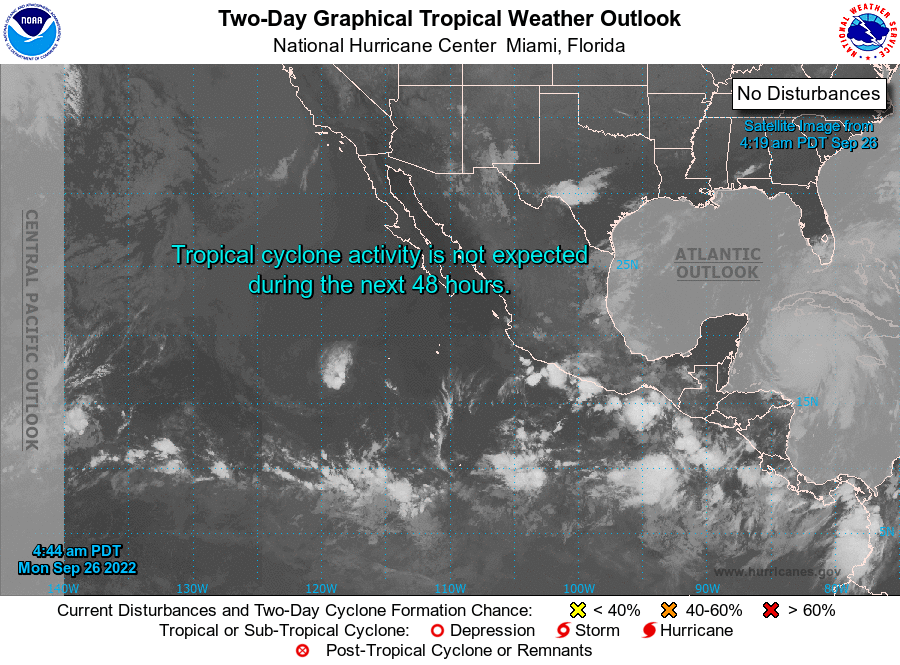
For the eastern North Pacific...east of 140 degrees west longitude:

1. South of the Southern Coast of Mexico: An area of low pressure is forecast to develop south of the southern coast of Mexico in a couple of days. Environmental conditions are forecast to be conducive for gradual development, and a tropical depression could form by the end of this week while the system moves generally westward to west-northwestward.
* Formation chance through 48 hours...low...near 0 percent.
* Formation chance through 5 days...medium...40 percent.

Forecaster Papin